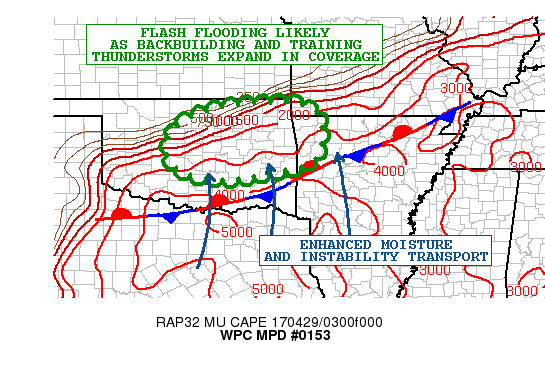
AREAS AFFECTED...CENTRAL/ EASTERN OK...NORTHWEST AR...FAR
SOUTHWEST MO

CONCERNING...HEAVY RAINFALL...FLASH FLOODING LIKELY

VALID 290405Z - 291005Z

SUMMARY...THUNDERSTORMS WILL CONTINUE TO EXPAND IN COVERAGE OVER
THE NEXT FEW HOURS...WITH SOME CELL-TRAINING AND BACKBUILDING OF
CELLS POSSIBLE. FLASH FLOODING IS LIKELY.

DISCUSSION...EXPERIMENTAL GOES-16 IR SATELLITE IMAGERY IS SHOWING
RAPID CONVECTIVE EXPANSION/ORGANIZATION OCCURRING OVER PARTS OF
WESTERN AR AND INTRO EASTERN OK AS THE NOSE OF A STRONG LOW LEVEL
JET OVERRUNS A STATIONARY FRONT...AND TRANSPORTS A HIGHLY
FAVORABLE THERMODYNAMIC ENVIRONMENT WITH DEEPENING MOISTURE AND
STRONG INSTABILITY NORTHWARD. MEANWHILE...STRENGTHENING UPPER
LEVEL JET DYNAMICS WITH ENHANCING RIGHT-ENTRANCE REGION UPPER JET
FORCING IS PROVIDING LARGER SCALE ASCENT FOR SUSTAINABLE
CONVECTIVE GROWTH.

EXPECT VERY HEAVY RAIN TO OCCUR OVER PARTS OF CENTRAL/EASTERN OK
AND WESTERN AR AS CONVECTION CONTINUES TO ORGANIZE...EXPAND IN
COVERAGE AND LOCALLY BACKBUILD ACROSS THE REGION NORTH OF THE
AFOREMENTIONED FRONT. THE ENVIRONMENT IS CONDUCIVE FOR CELL
TRAINING AND THIS WILL WILL ENHANCE RAINFALL AMOUNTS.

RAINFALL RATES OF 2 TO 3 INCHES/HR WILL BE POSSIBLE GIVEN THE NOSE
OF 1.5 INCH+ PWATS INTO THE REGION AND FOCUSED ASCENT. SOME
OVERSHOOTING TOPS HAVE ALREADY BEEN NOTED OVER ESPECIALLY WESTERN
AR NEAR THE FORT SMITH AR AREA. HRRR GUIDANCE SUGGESTS AS MUCH AS
2 TO 4 INCHES...BUT THE CELL-TRAINING AND OVERSHOOTING TOP
ACTIVITY WILL FOSTER AS MUCH AS 5 INCHES LOCALLY. FLASH FLOODING
IS LIKELY AS A RESULT.